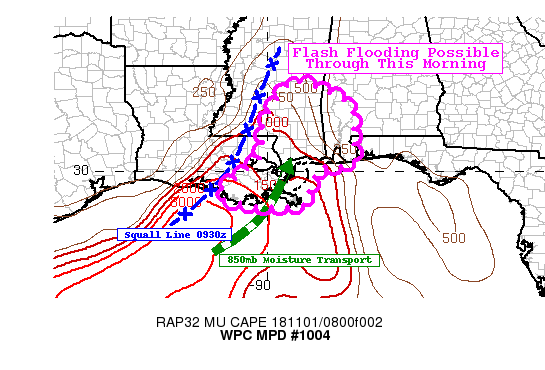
Areas affected...Southern Louisiana...Southern MS...Southern AL

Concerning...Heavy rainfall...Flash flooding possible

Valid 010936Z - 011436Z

Summary...A line of thunderstorms producing locally heavy rainfall
will move across portions of southern Louisiana and
southern/central Mississippi through this morning. With intense
hourly rainfall rates exceeding 1-1.5", localized flash flooding
will be possible through 14z.

Discussion...Recent GOES-16 IR imagery shows cloud tops continue
to cool across portions of southern Louisiana where a line of
convection has persisted most of the early morning hours. An axis
of MLCAPE of 1000-1500 J/kg exists across portions of the region
per latest RAP mesoanalysis, which is helping to sustain the
convection this morning. Recent radar returns from KILX and KDGX
indicate hourly rates of 1-2" are associated with the line as it
moves steadily east.

Clusters of storms ahead of the main line will merge/intersect
across portions of southeast LA...southern MS this morning,
enhancing the potential for repeated rounds of locally heavy
rainfall. The latest HREF shows the greatest probabilities of
exceeding FFG are in and around the New Orleans metro area through
12z, which then could spread into southern MS through 14z.
Additional rainfall totals of 1-2" (locally 3") will be possible
through this time.

The main limiting factor for a greater flash flood potential is
the forward speed of the line. However, merging clusters ahead of
it could enhance rainfall totals and given its proximity to
sensitive urban areas, some localized flash flooding will be
possible.